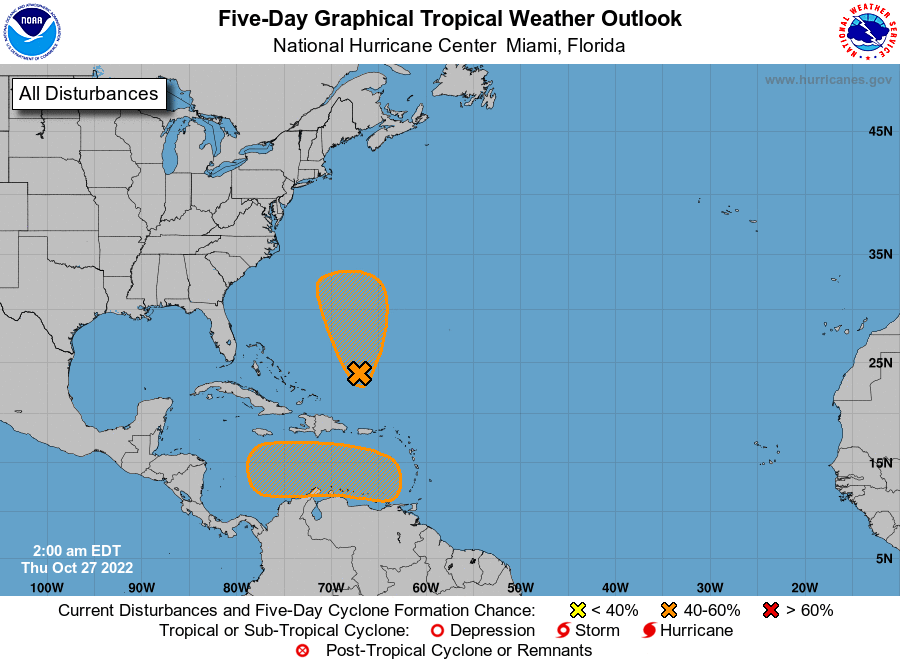
For the North Atlantic...Caribbean Sea and the Gulf of Mexico:

1. Southwestern Atlantic: A trough of low pressure stretching from the eastern Caribbean Sea northward to the southwestern Atlantic continues to produce a broad area of disorganized showers and thunderstorms. The northern part of this trough axis is expected to result in the formation of a surface cyclone later today. Environmental conditions then appear marginally conducive for additional subtropical development, and a subtropical depression could form over the next couple of days while the system initially moves northward and then meanders to the west or southwest of Bermuda. By this weekend, upper-level winds are forecast to become less conducive for development.
* Formation chance through 48 hours...medium...40 percent.
* Formation chance through 5 days...medium...40 percent.

2. Eastern Caribbean: An area of low pressure is expected to form over the eastern Caribbean Sea this weekend, possibly related to the southern part of an existing trough of low pressure over the area. Thereafter, environmental conditions are forecast to be conducive for gradual development, and a tropical depression could form by early next week while the disturbance moves generally westward or west-northwestward into the central Caribbean Sea.
* Formation chance through 48 hours...low...near 0 percent.
* Formation chance through 5 days...medium...50 percent.

Forecaster Papin